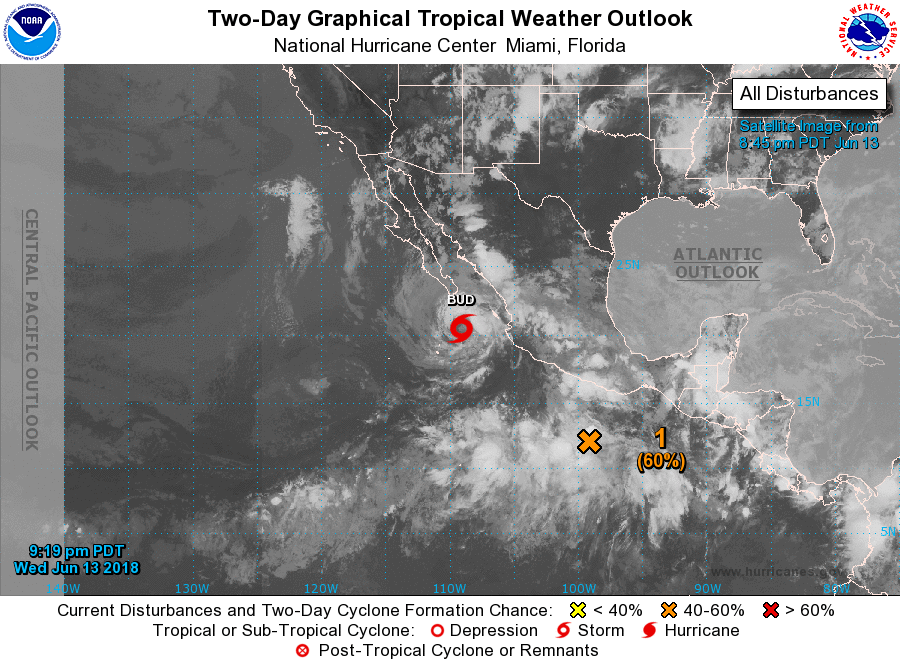
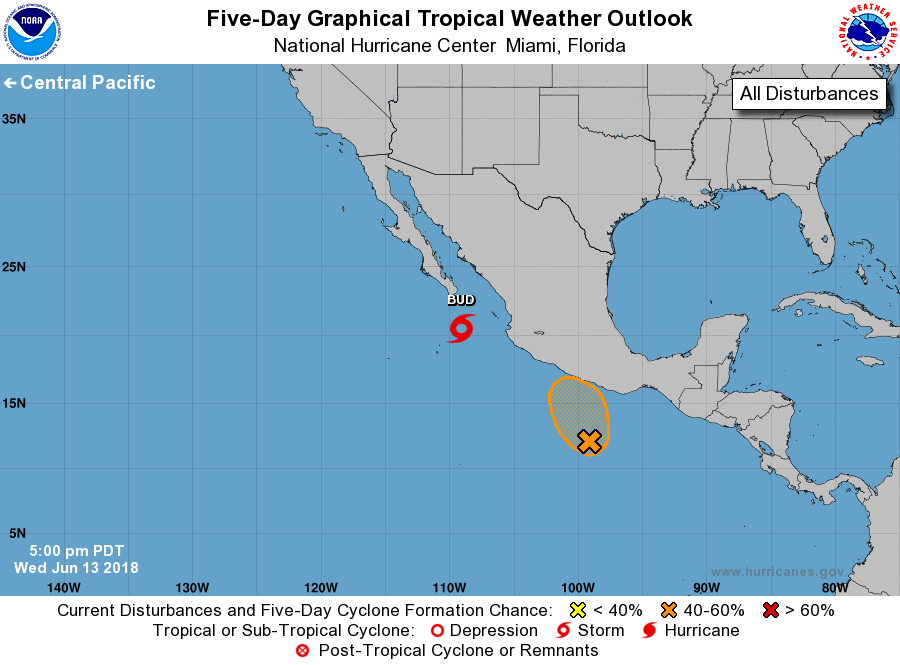
For the eastern North Pacific...east of 140 degrees west longitude:

The National Hurricane Center is issuing advisories on Tropical Storm Bud, located a couple of hundred miles south-southeast of the southern tip of the Baja California peninsula.

1. A low pressure system located a few hundred miles south of Acapulco, Mexico, continues to show signs of organization, however satellite data show that the system does not currently have a well-defined circulation. Environmental conditions are forecast to be somewhat conducive for additional development and a tropical depression could form over the next couple of days while the low moves slowly north-northwestward. Regardless of development, locally heavy rain causing flash floods and mudslides is possible over the southern portions of the Mexican states of Guerrero and Oaxaca beginning tomorrow and continuing into the weekend.
* Formation chance through 48 hours...medium...60 percent.
* Formation chance through 5 days...medium...60 percent.

Forecaster Zelinsky